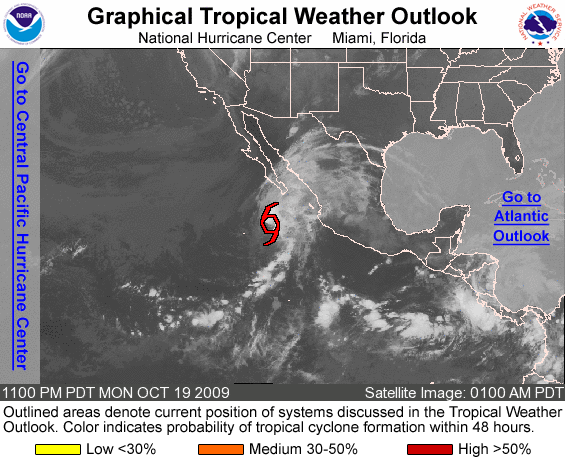
FOR THE EASTERN NORTH PACIFIC...EAST OF 140 DEGREES WEST LONGITUDE..

THE NATIONAL HURRICANE CENTER IS ISSUING ADVISORIES ON TROPICAL STORM RICK...LOCATED ABOUT 270 MILES SOUTH-SOUTHWEST OF CABO SAN LUCAS MEXICO.

ELSEWHERE...TROPICAL CYCLONE FORMATION IS NOT EXPECTED DURING THE NEXT 48 HOURS.

FORECASTER KIMBERLAIN/BEVEN